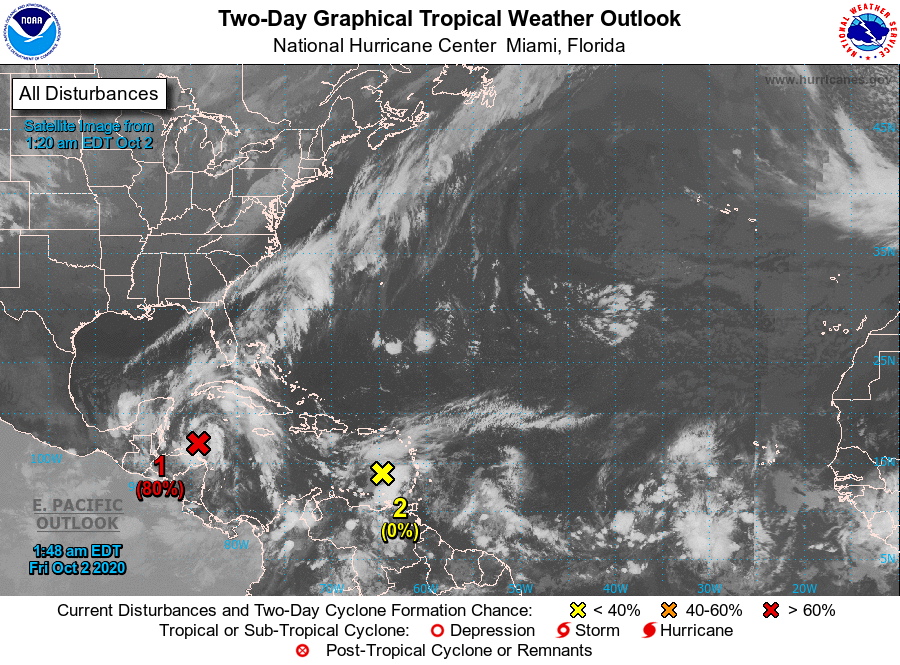
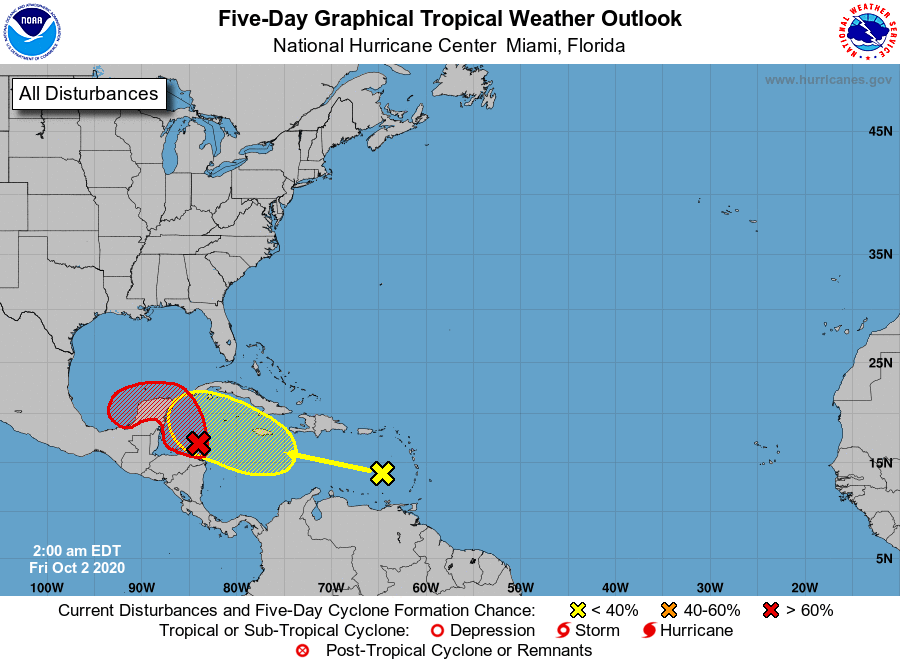
For the North Atlantic...Caribbean Sea and the Gulf of Mexico:

1. Satellite imagery indicates that shower activity associated with the broad low pressure are over the northwestern Caribbean Sea is becoming better organized. Environmental conditions are expected to be conducive for a tropical depression or a tropical storm to form later today or Saturday if the system remains over the waters of the northwestern Caribbean Sea or southern Gulf of Mexico. Interests in the Yucatan Peninsula and northern Central America should monitor the progress of this system as it moves generally northwestward, as tropical storm watches or warning may be required for portions of these areas later today or tonight. Regardless of development, this system is expected to produce heavy rains, with possible flash flooding, over portions of southeastern Mexico, Central America, and western Cuba during the next several days. An Air Force Reserve reconnaissance aircraft is scheduled to investigate the system this afternoon, if necessary.
* Formation chance through 48 hours...high...80 percent.
* Formation chance through 5 days...high...80 percent.

2. Another tropical wave moving across the eastern Caribbean Sea is producing a large area of disorganized showers and thunderstorms, accompanied by locally rainfall and gusty winds. This wave is forecast to move westward at 15 to 20 mph during the next several days, and environmental conditions could become a little more conducive for development when the system is over the central or western Caribbean Sea early next week.
* Formation chance through 48 hours...low...near 0 percent.
* Formation chance through 5 days...low...30 percent.

Forecaster Beven